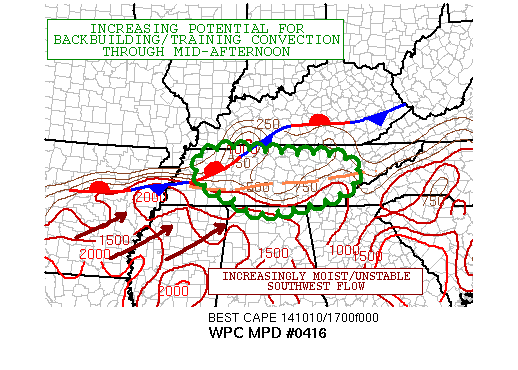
AREAS AFFECTED...FAR NORTHERN AL...TN

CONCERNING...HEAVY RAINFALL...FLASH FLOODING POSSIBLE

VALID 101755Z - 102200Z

SUMMARY...PCOKETS OF FLASH FLOODING MAY BECOME A CONCERN THIS
AFTERNOON AS THE POTENTIAL FOR BACKBUILDING AND TRAINING
CONVECTION INCREASES SOMEWHAT.

DISCUSSION...THE LATEST VIS SAT IMAGERY SHOWS A FAIRLY WIDESPREAD
CU/TCU FIELD OVER AREAS OF NRN MS/NRN AL AND SWRN TN...AND FOCUSED
SOUTH AND SOUTHWEST OF A LOOSELY ORGANIZED BUT BROKEN BAND OF HVY
SHWRS/TSTMS IMPACTING CNTRL/SRN TN. A GRADUAL INCREASE IN CLOUD
STREET ACTIVITY OVER ESP NRN MS AND SWRN TN THE LAST COUPLE OF
HOURS SUGGESTS AN INCREASE IN SFC-BASED INSTABILITY WHICH IS
CONFIRMED BY THE LATEST RAP ANALYSIS INDICATING A POOL OF SBCAPE
VALUES OF 1500 TO 2000 J/KG ACROSS THIS REGION. THE ONGOING
CONVECTION IS ALREADY INTERACTING WITH A MOIST SWLY H85 JET OF 30
KTS AND IS BEING AIDED SOMEWHAT ON THE LARGE SCALE BY SOME
MODESTLY DIFFLUENT FLOW ALOFT.

MEANWHILE...THE LATEST GOES-SOUNDER PWAT IMAGERY SHOWS AN
INCREASING FETCH OF DEEPER MOISTURE ADVANCING NNEWD FROM THE LWR
MS VLY WHICH WILL INTERACT WITH A STALLED OUT FRONTAL ZONE AND
WITH WHAT APPEARS TO BE A WEAK PRE-FRONTAL TROUGH/OUTFLOW BNDRY
OVER CNTRL AND ERN TN. THIS IS WHERE MUCH OF THE ONGOING
CONVECTION IS FOCUSED AND WITH AN INCREASE IN MOIST/UNSTABLE AIR
ALONG THE SWRN FLANK OF THE ACTIVITY COUPLED WITH A FURTHER
INCREASE IN DIURNAL HEATING...ADDITIONAL CONVECTION IS
LIKELY...AND THERE WILL BE A FAVORABLE ENVIRONMENT FOR
BACK-BUILDING AND TRAINING CONVECTION GIVEN THE MEAN LYR FLOW
BEING NEARLY PARALLEL TO THE AFOREMENTIONED SFC BNDRYS. RAINFALL
RATES OF 1 TO 2 INCHES/HR ARE POSSIBLE...AND SO FLASH FLOODING
WILL BE POSSIBLE WHERE REPEATING/TRAINING CELLS OCCUR.

HIRES MODELS ARE NOT HANDLING THE ONGOING ACTIVITY WELL AT
ALL...AND SO THIS ASSESSMENT IS ALL BASED ON THE LATEST SAT AND
RADAR TRENDS.